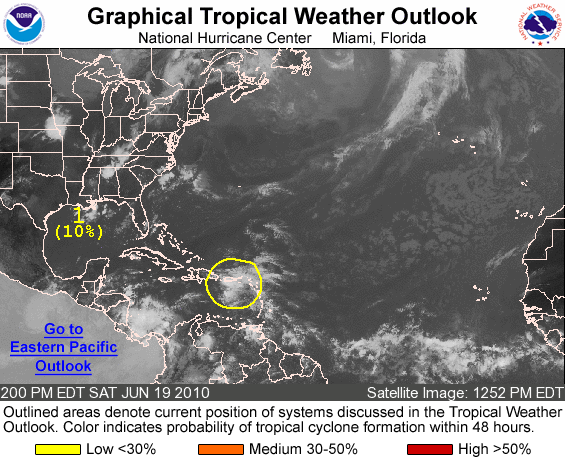
FOR THE NORTH ATLANTIC...CARIBBEAN SEA AND THE GULF OF MEXICO...

1. A TROPICAL WAVE LOCATED BETWEEN PUERTO RICO AND HISPANIOLA IS PRODUCING DISORGANIZED SHOWERS AND THUNDERSTORMS. LOCALLY HEAVY RAINS...WHICH COULD CAUSE FLASH FLOODS AND MUDSLIDES...AND GUSTY WINDS ARE POSSIBLE DURING THE NEXT DAY OR TWO OVER PORTIONS OF THE LEEWARD ISLANDS...THE VIRGIN ISLANDS...PUERTO RICO...THE DOMINICAN REPUBLIC...AND HAITI AS THE WAVE MOVES WESTWARD OR WEST- NORTHWESTWARD AT 10 TO 15 MPH. UPPER-LEVEL WINDS ARE EXPECTED TO REMAIN UNFAVORABLE FOR TROPICAL CYCLONE DEVELOPMENT...AND THERE IS A LOW CHANCE...10 PERCENT...OF THIS SYSTEM BECOMING A TROPICAL CYCLONE DURING THE NEXT 48 HOURS.

FOR ADDITIONAL INFORMATION ON THIS SYSTEM...PLEASE REFER TO PRODUCTS ISSUED BY YOUR NATIONAL METEOROLOGICAL SERVICE.

ELSEWHERE...TROPICAL CYCLONE FORMATION IS NOT EXPECTED DURING THE NEXT 48 HOURS.

FORECASTER BRENNAN